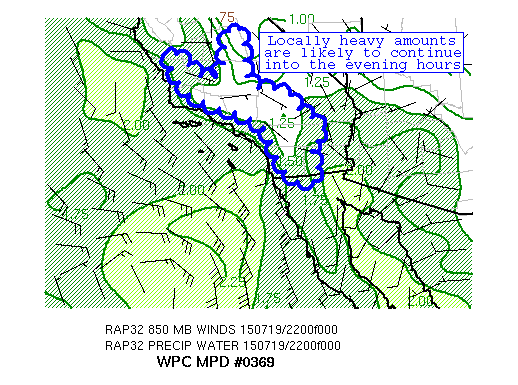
AREAS AFFECTED...SOUTHERN CA

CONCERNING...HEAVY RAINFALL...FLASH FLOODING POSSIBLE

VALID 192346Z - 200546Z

SUMMARY...LOCALLY HEAVY AMOUNTS ARE LIKELY TO CONTINUE INTO THE
EVENING HOURS...PROLONGING THE THREAT FOR FLASH-FLOODING.

DISCUSSION...INFLUENCED BY ANAMOUSLY HIGH PWS AND THE REMNANT
CIRCULATION ASSOCIATED WITH DOLORES...SHOWERS AND THUNDERSTORMS
CAPABLE OF PRODUCING LOCALLY HEAVY RAINS AND FLASH FLOODING ARE
EXPECTED TO CONTINUE INTO THE EVENING HOURS.  LATEST SPC
MESOANALYSIS SHOWED PWS AT OR ABOVE 1.75 INCHES EXTENDING ACROSS
MUCH OF SOUTHERN CA AND NORTH ALONG THE COAST INTO CENTRAL CA.
CURRENTLY A MID LEVEL SHORTWAVE LIFTING TO THE NORTH IS HELPING TO
SUPPORT WIDESPREAD COVERAGE ALONG THE SOUTHERN CA COAST INTO THE
MOUTAINS.  WHILE CONVECTION IS EXPECTED TO DIMINISH WITH THE LOSS
OF DAYTIME HEATING...THE AFOREMENTIONED SHORTWAVE IS EXPECTED TO
SUPPORT AT LEAST LOCALLY HEAVY RAINS AS IT LIFTS FURTHER NORTH
ALONG THE COAST THIS EVENING.  OVERALL THE HI-RES GUIDANCE
CONTINUES TO PERFORM POORLY WITH RESPECT TO THE QPF...HOWEVER THE
21Z HRRR DOES SHOW LOCALLY HEAVY AMOUNTS PERSISTING ALONG THE
SOUTHERN COASTAL RANGES INTO THE SOUTHERN SIERRA THROUGH THE
EVENING HOURS.